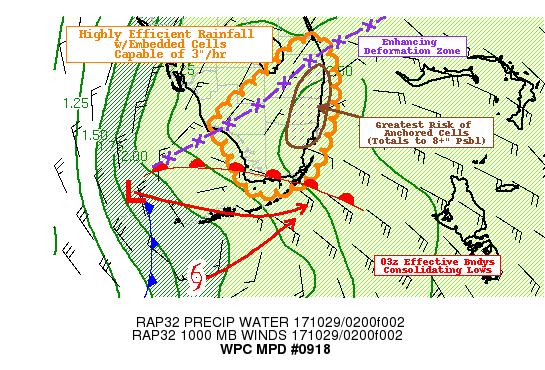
AREAS AFFECTED...SOUTHERN FLORIDA

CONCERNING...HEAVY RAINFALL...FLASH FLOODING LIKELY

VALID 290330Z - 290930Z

SUMMARY...GROWING CONCERN FOR ANCHORED CONVECTION WITHIN
SHARPENING DEFORMATION ZONE ACROSS S FL POSING FLOODING CONCERN
THROUGH EARLY MORNING.

DISCUSSION...03Z SFC OBS/RADAR MOSAIC AND 3.9UM SWIR IMAGERY FROM
GOES-16 MESO WINDOW PRESENT A MUDDLED LOW LEVEL PATTERN AT THIS
TIME THOUGH ELEMENTS APPEAR TO BE CONSOLIDATING TO POSE FLOODING
RISK.  A WEAK SURFACE INFLECTION AND DOMINANT WIND CIRCULATION
EXISTS NEAR 25N82.7W WITH STRENGTHENING EFFECTIVE COLD FRONT DUE
SOUTH (STRONG WESTERLY SURFACE FLOW WEST OF THE BOUNDARY) THIS
WHILE LOWEST PRESSURES REMAIN OVER THE WESTERN FL STRAITS DRIVEN
BY BEST LATENT HEAT RELEASE/PRESSURE FALLS WITH CONVECTION OVER
CUBA TOWARD ANDROS ISLAND.  SFC ANALYSIS ALSO DEPICTS A SURGE OF
DEEP TROPICAL AIR MASS WITH PSEUDO WARM FRONT/TROPICAL BAND
LIFTING NORTH ACROSS SOUTHERN TIP OF THE FL PENINSULA (WITH
35-40KT POST BNDY SOUTHERLY FLOW).  RAP ANALYSIS SUPPORTED BY
LOCAL VWP SUPPORT A STRENGTHENING LOW LEVEL CONVERGENCE/
DEFORMATION ZONE EXTENDING FROM THE WIND CIRCULATION TOWARD LAKE
OKEECHOBEE.

AS THE WIND CIRCULATION DROPS EAST-SOUTHEAST AND BEGINS TO ALIGN
WITH LOW PRESSURE BUBBLE (CENTER OF TS PHILIPPE)...BEST MOISTURE
CONVERGENCE WILL BE A THE INTERFACE OF THE SPLIT IN THE WARM
CONVEYOR BELT NORTH AND EAST OF THE DEEPENING CIRCULATION.
ASSISTED BY SFC FRICTIONAL CONVERGENCE FROM EASTERLY ONSHORE FLOW
AND INSTABILITY ADVECTION (LOW 80S TEMPS AND MID 70S TDS) ALLOWS
FOR INCREASED INSTABILITY AND SATURATED LOW LEVEL PROFILES.  THIS
COMBINATION WILL SUPPORT SHALLOW BUT HIGHLY EFFICIENT RAINFALL
PRODUCING CONVECTION WITH RATES OF 2.5-3"/HR. AND WILL LIKELY TAKE
A SIMILAR THOUGH EXPANDED FORM OF CURRENT ACTIVITY SEEN IN 10.3UM
CHANNEL SOUTHWEST OF FMY.  LINGERING QUESTION IS LATITUDE OF THE
DEFORMATION ZONE TOWARD 06-09Z WHEN ASCENT/MST FLUX SHOULD BE
MAXIMIZED AS THE SURFACE LOW ROUNDS THE BASE OF SOUTH FL...BETWEEN
MARTIN COUNTY AND N MIAMI-DADE COUNTY WITH CURRENT TRENDS FAVORING
BROWARD/DADE.  THIS POSES THE GREATEST RISK OF FLOODING GIVEN
URBAN ENVIRONMENT WHICH MAY BE ENHANCED GIVEN STRONG ONSHORE FLOW
LIMITING DISCHARGE COMPOUNDING FLOODING CONCERNS.  HI-RES
HRRR/ESRL HRRR V3/ARW AND NSSL-WRF SUPPORT THIS EVOLUTION WITH
RISK OF 4-6" LIKELY THROUGH 09Z WITH POTENTIAL FOR ISOLATED 8-9"
CERTAINLY POSSIBLE.  AS SUCH FLOODING/FLASH FLOODING IS CONSIDERED
LIKELY.